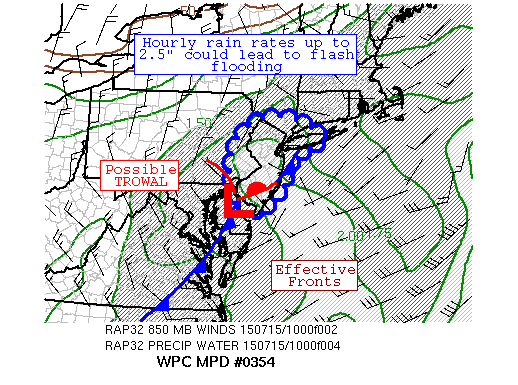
AREAS AFFECTED...IN & AROUND NJ

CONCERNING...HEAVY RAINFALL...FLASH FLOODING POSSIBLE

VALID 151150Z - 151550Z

SUMMARY...A DEEP CYCLONE NEAR THE EASTERN SHORE IS EXPECTED TO
MOVE SLOWLY NORTHEASTWARD.  WITH HOURLY RAIN RATES UP TO 2.5"
POSSIBLE, FLASH FLOODING IS POSSIBLE.

DISCUSSION...A 1000 HPA LOW PRESSURE CENTER APPROACHING DELAWARE
BAY AND ITS ASSOCIATED MID-LEVEL CIRCULATION ACROSS SOUTHEAST PA
HAVE LED TO EFFICIENT RAINFALL ACROSS PORTIONS OF EASTERN PA AND
NJ THIS MORNING.  PRECIPITABLE WATER VALUES OF 1.75-2" LIE ACROSS
THE REGION PER GPS INFORMATION, 1-1.5 SIGMAS ABOVE THE NORM FOR
MID-JULY.  MUCAPES IN THE REGION ARE 500-1000 J/KG PER THE SPC
MESOANALYSIS AND RAP FORECASTS.  LOW-LEVEL INFLOW (BETWEEN 850-700
HPA) IS 20-25 KTS, NEAR THE MAGNITUDE OF THE 850-400 MEAN WIND.

WITH THIS DEGREE OF MOISTURE, HOURLY RAINFALL RATES OF 2" ARE
POSSIBLE, WHICH APPEAR TO BE REALIZED PER RECENT RADAR ESTIMATES
NEAR THE NORTHERN NJ/PA BORDER.  RECENT SATELLITE IMAGERY SHOWS A
STEADY STATE SYSTEM, WHICH SHOULD ALLOW IT TO PERSIST FOR AT LEAST
ANOTHER 3-4 HOURS.  RAP FORECASTS INDICATE MUCAPES SHOULD REMAIN
SIMILAR FOR THE NEXT FEW HOURS, BEFORE POTENTIALLY INCREASING
AROUND ITS PERIPHERY DUE TO DAYTIME HEATING.  THE MESOSCALE
GUIDANCE GENERALLY ADVERTISES LOCAL AMOUNTS OF 2-4" WHICH COULD
FALL QUICKLY CONSIDERING RAIN RATES.  THE 06Z SSEO NEIGHBORHOOD
PROBABILITIES SUGGEST THE THREAT OF EXCEEDING THREE HOUR FFGS
AHEAD OF THIS SYSTEM AND WITHIN ITS TROWAL-LIKE FEATURE INCREASE
TODAY, WITH THE BEST CHANCES OF EXCEEDANCE IN THE 16-00Z PERIOD.
SINCE LOW-LEVEL INFLOW IS EXPECTED TO WEAKEN IN 2-3 HOURS, HAVE
PLAYED IT CAUTIOUS AND USED A FOUR HOUR WINDOW FOR THIS MPD TO SEE
HOW THE SITUATION PLAYS OUT THIS MORNING.  USED THE POSSIBLE
CATEGORY DUE TO THE SMALL AREAS OF HEAVY RAINFALL EXPECTED WITHIN
THIS REGION.